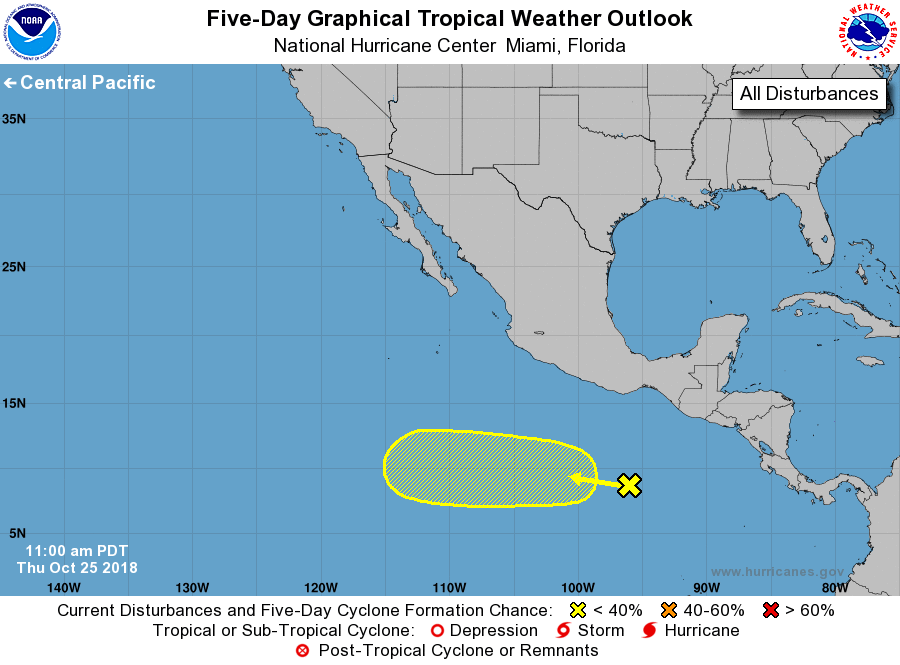
For the eastern North Pacific...east of 140 degrees west longitude:

1. A trough of low pressure continues to produce a small area of showers several hundred miles south of the Gulf of Tehuantepec. Some gradual development of this system is possible through early next week while the system moves generally westward at 10 to 15 mph, far from land.
* Formation chance through 48 hours...low...near 0 percent.
* Formation chance through 5 days...low...20 percent.

Forecaster Zelinsky